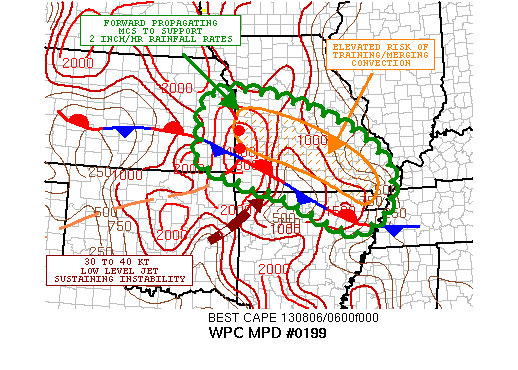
AREAS AFFECTED...SOUTHEAST KS...CENTRAL AND SOUTHERN
MO...NORTHEAST AR

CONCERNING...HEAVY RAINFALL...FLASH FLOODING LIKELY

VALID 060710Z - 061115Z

SUMMARY...STRONG MCS EXPECTED TO CROSS INTO CENTRAL AND SOUTHERN
MO OVER THE NEXT FEW HOURS. EXPECTING ADDITIONAL FLASH FLOOD
CONCERNS GIVEN SATURATED SOIL FROM RECENT HVY RAINFALL.

DISCUSSION...A FORWARD PROPAGATING MCS MOVING STEADILY EWD THROUGH
ERN KS WILL BE MOVING THROUGH CNTRL AND ESP SRN PORTIONS OF MO
OVER THE NEXT FEW HOURS WHERE RECENT HVY RAINS HAVE ALREADY CAUSED
SIGNIFICANT FLASH FLOOD CONCERNS AT LEAST LOCALLY. CLOUD TOPS
TEMPS ASSOCD WITH THE MCS ARE AS COLD AS -80C AND THE LATEST IR
SAT IMAGERY SHOWS THE MCS MAINTAINING A STEADY STATE. MUCH OF THE
THERMODYNAMIC SUPPORT IS ASSOCD WITH A NOSE OF MODERATE
INSTABILITY AS AIDED BY A SWLY 30 TO 40 KT LOW LVL JET EXTENDING
NORTHEAST FROM CNTRL OK INTO SWRN MO AHEAD OF THE MCS AND
OVERRUNNING A WELL-DEFINED STATIONARY FRONT. ENHANCED FORCING
ASSOCD WITH THE INSTABILITY AND WARM ADVECTION PATTERN SUGGESTS
THE MCS WILL MAINTAIN ITS CHARACTER FOR THE NEXT FEW HOURS LEADING
UP TO SUNRISE.

LATEST SAT AND RADAR IMAGERY ALSO SUGGESTS A DYNAMICAL COMPONENT
TO THE CONVECTIVE TRENDS WITH EVIDENCE OF A DEVELOPING MCV OVER
ERN KS IN BETWEEN KCNU AND KEMP. THIS DEVELOPING MCV WILL LIKELY
AID THE MESOSCALE FORCING OVER CNTRL/SRN MO WITH STRONGER WARM
ADVECTION AND MOISTURE/INSTABILITY TRANSPORT VIA THE LOW LVL JET.
ALREADY SEEING SAT/RADAR TRENDS OF BANDED TYPE ELEVATED CONVECTION
DOWNSTREAM OF THE MCS OVER S CNTRL MO NEAR KTBN.

EXPECTING AN UPTICK IN THE LINEAR CONVECTIVE BANDING INCLUDING
TRAINING CELLS OVER S CNTRL MO THE NEXT 1 TO 2 HOURS AHEAD OF THE
MCS WHICH WILL ULTIMATELY ARRIVE IN TIME AND SUPPORT CELL MERGERS.

EXPECTING RAINFALL RATES UP TO 2 INCHES/HR...BUT LOCALLY HIGHER
OVER S CNTRL MO INVOF OF TRAINING AND MERGING CELLS. EXTREMELY HVY
RAINFALL AMTS CANNOT BE RULED OUT LOCALLY....AND THUS ADDITIONAL
FLASH FLOODING IS LIKELY.